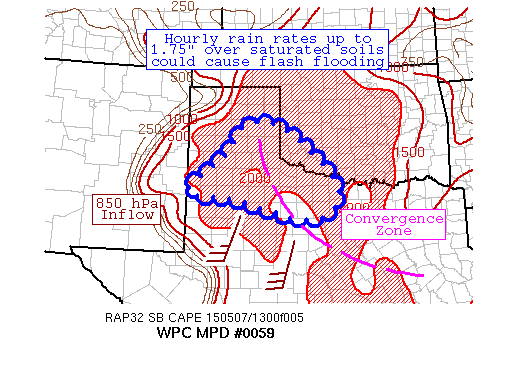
AREAS AFFECTED...PORTIONS OF NORTHERN TX/SOUTHWEST OK

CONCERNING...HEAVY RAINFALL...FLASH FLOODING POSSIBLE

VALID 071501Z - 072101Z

SUMMARY...CONVECTION IS EXPANDING IN COVERAGE NEAR A SURFACE
BOUNDARY WITH SUFFICIENT MOISTURE AND INSTABILITY.  CELL TRAINING
COULD LEAD TO FLASH FLOODING OVER THE NEXT SEVERAL HOURS.

DISCUSSION...SCATTERED THUNDERSTORMS HAVE RECENTLY DEVELOPED
ACROSS THE TX PANHANDLE AHEAD OF A SHORTWAVE ENTERING WEST-CENTRAL
TX.  THE ENVIRONMENT HAS 25-30 KTS OF 850 HPA INFLOW --
APPROACHING THE MEAN 850-400 HPA WIND -- PER VAD WIND PROFILES
NEAR A BAROCLINIC TROUGH/WEAK THERMAL GRADIENT.  PRECIPITABLE
WATER VALUES PER GPS INFORMATION ARE CLOSE TO 1.25", NEAR THE
LOWER THRESHOLD FOR A BROADER FLASH FLOOD CONCERN.  SURFACE BASED
CAPE VALUES OF 2000-4000 J/KG LIE NEARBY AND UPSTREAM PER THE MOST
RECENT SPC REANALYSIS -- A HINT THAT FORWARD PROPAGATION IS
EXPECTED.

AREA SOUNDINGS FROM 12Z ALONG WITH RAP-DERIVED SOUNDINGS INDICATE
DECENT DIRECTIONAL SHEAR ACROSS THE REGION, WHICH SHOULD ALLOW FOR
PROGRESSION.  THE SURFACE BOUNDARY COULD LIFT SLIGHTLY MORE TO THE
NORTH TODAY.  THE BREADTH OF INFLOW INTO THE SURFACE BOUNDARY
(CURRENTLY AND EXPECTED) IS BROAD ENOUGH TO ALLOW FOR CELL
TRAINING TO BE A POTENTIAL FLASH FLOOD THREAT.  ADDING TO THIS
POSSIBILITY IS THE RECENT THREE HOUR FLASH FLOOD GUIDANCE, WHICH
IS IN THE NEIGHBORHOOD OF 1.5".  THE AVAILABLE MOISTURE IMPLIES
THAT HOURLY RAINFALL RATES COULD REACH 1.5-1.75" AN HOUR IN
STRONGER CELLS OR WHERE CELLS TRAIN -- CELL MERGERS COULD EXCEED
THIS ESTIMATE.

WHILE CURRENT ACTIVITY IS MOVING EAST-NORTHEAST, ONCE CONVECTION
BETTER ORGANIZES, IT SHOULD TEND TO FOLLOW THE SURFACE BOUNDARY TO
THE EAST-SOUTHEAST, WHICH IS ALSO IMPLIED BY THE 1000-500 HPA
THICKNESS LINES ACROSS THE REGION AND THE CURRENT/EXPECTED SURFACE
CAPE GRADIENT.   THE 00Z NSSL WRF, 12Z NAM CONEST, AND 13Z HRRR
HAVE CAPTURED THE CURRENT CONVECTIVE EVOLUTION THE BEST.
CONSIDERING RECENTLY SATURATED SOILS AND THE EXPECTED RAINFALL
RATES, FLASH FLOODING IS POSSIBLE.